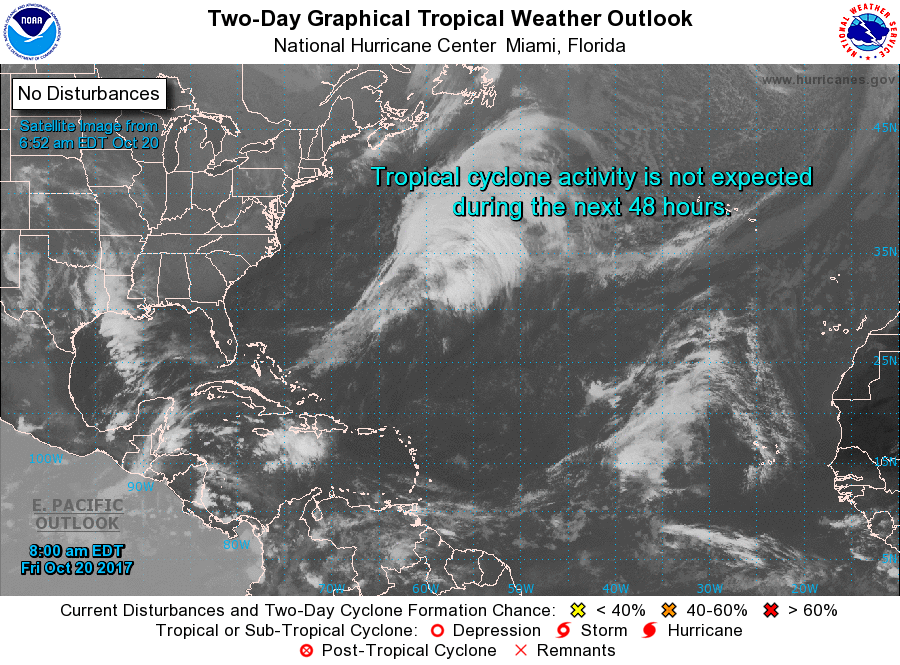
For the North Atlantic...Caribbean Sea and the Gulf of Mexico:

Tropical cyclone formation is not expected during the next 5 days.

Forecaster Avila